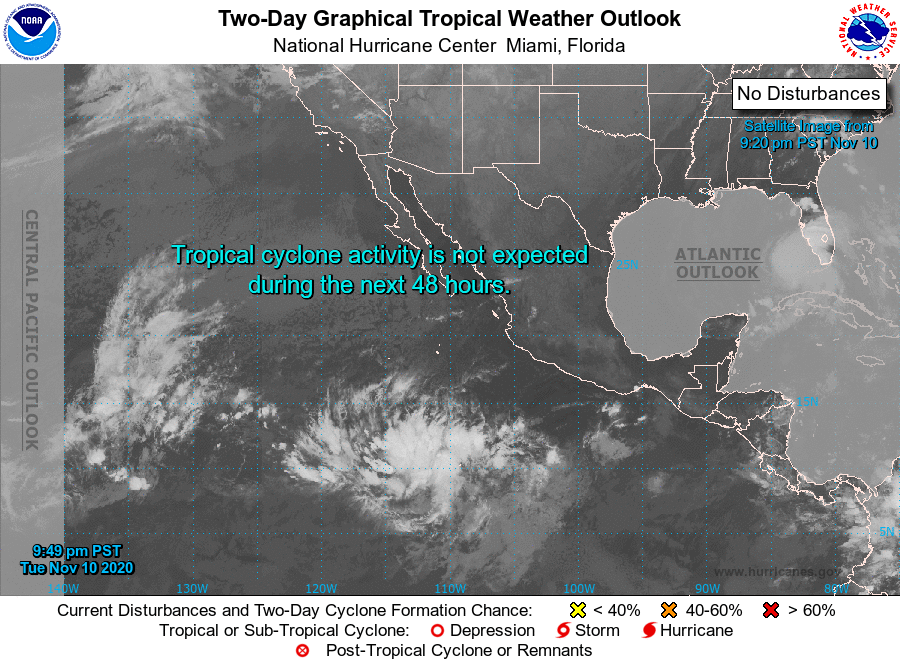
For the eastern North Pacific...east of 140 degrees west longitude:

1. A broad area of low pressure could form several hundred miles southwest of the coast of Mexico late this week. Environmental conditions are forecast to be generally favorable for slow development through the weekend as this system drifts slowly west-northwest over the east Pacific.
* Formation chance through 48 hours...low...0 percent.
* Formation chance through 5 days...low...20 percent.

Forecaster Beven